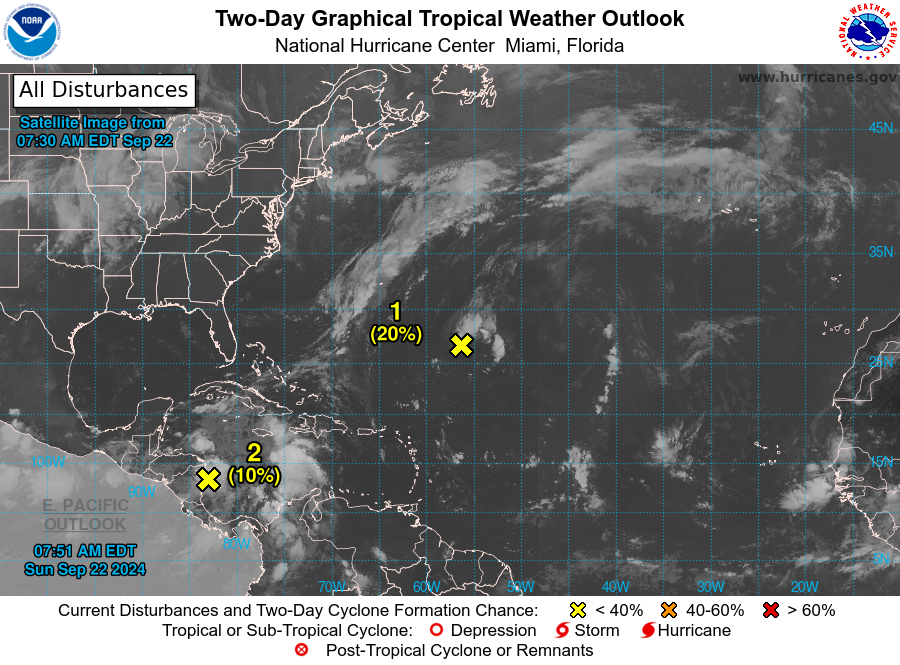
For the North Atlantic...Caribbean Sea and the Gulf of Mexico:

1. Central Subtropical Atlantic (AL96): Shower and thunderstorm activity associated with an area of low pressure located several hundred miles southeast of Bermuda has not become better organized since yesterday. Although the low remains embedded in a very dry environment, a short-lived tropical depression cannot be ruled out if showers and thunderstorms become better organized while the system moves generally northward at 5 to 10 mph over the central subtropical Atlantic.
* Formation chance through 48 hours...low...20 percent.
* Formation chance through 7 days...low...20 percent.

2. Northwestern Caribbean Sea and Gulf of Mexico: Disorganized showers and thunderstorms located over the western Caribbean Sea and portions of Central America are associated with a very broad area of low pressure. Environmental conditions appear favorable for gradual development of this system during the next several days. A tropical depression is likely to form while the system moves slowly northward across the northwestern Caribbean Sea and Gulf of Mexico through the end of the week. Regardless of development, this system is expected to produce heavy rains over portions of Central America during the next several days.
* Formation chance through 48 hours...low...10 percent.
* Formation chance through 7 days...high...70 percent.

3. Eastern and Central Tropical Atlantic: A tropical wave near the west coast of Africa is expected to move westward during the next several days. Environmental conditions could support some gradual development of this system, and a tropical depression could form during the middle to latter part of the week while the wave moves westward across the eastern and central tropical Atlantic.
* Formation chance through 48 hours...low...near 0 percent.
* Formation chance through 7 days...medium...40 percent.

Forecaster Reinhart